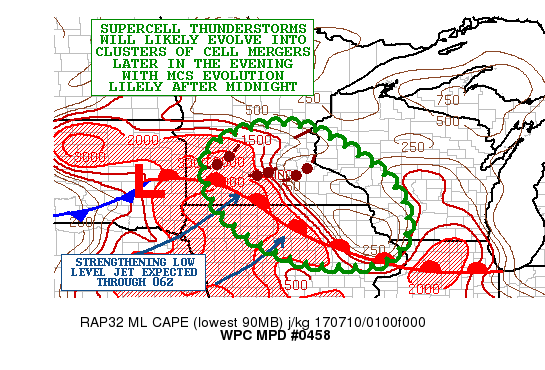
AREAS AFFECTED...CENTRAL/SOUTHEAST MN...NORTHEAST IA...FAR WESTERN
WI

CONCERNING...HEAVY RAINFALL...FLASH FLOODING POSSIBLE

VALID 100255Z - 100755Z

SUMMARY...STRONG SUPERCELL THUNDERSTORMS EXPANDING OVER PARTS OF
CENTRAL/SOUTHEAST MN WILL LIKELY ORGANIZE INTO CLUSTERS OF
CELL-MERGERS WITH INTENSE RAINFALL RATES AS
MCS DEVELOPMENT COMMENCES.

DISCUSSION...SEVERE MODE CONVECTION CONTINUES TO DEVELOP AND
EXPAND IN COVERAGE ACROSS CENTRAL/SOUTHEAST MN THIS EVENING AS A
RATHER STRONG SHORTWAVE DROPS SOUTHEAST ALONG WITH AN AREA OF LOW
PRESSURE INTO A RATHER STRONGLY UNSTABLE AND HIGHLY SHEARED
ENVIRONMENT. AS PER SPC MCD #1271...MLCAPE VALUES ARE WELL IN
EXCESS OF 2000 J/KG AND WITH OVER 50 KTS OF EFFECTIVE BULK SHEAR.
THE CONVECTION IS GENERALLY FOCUSING ALONG AND NORTH OF A WARM
FRONT AND BEING AIDED BY A SOUTHWEST LOW LEVEL JET OF 30 TO 40
KTS. THIS NOCTURNALLY ENHANCED LOW LEVEL JET SHOULD INCREASE TO
NEAR 50 KTS TOWARD 06Z...AND WITH STRONGER MOISTURE
TRANSPORT...THE RAINFALL RATES WILL BECOME MORE INTENSE AS PWATS
RISE TO NEAR 1.75 INCHES.

THE CONVECTION WILL TEND TO BE QUITE PROGRESSIVE OVERALL AS
GRADUALLY THE CLUSTERS OF THUNDERSTORMS WILL MERGE AND EVOLVE INTO
A FORWARD PROPAGATING MCS. HEAVY RAINFALL AMOUNTS OF AS MUCH AS 3
TO 4 INCHES WITH ISOLATED HEAVIER AMOUNTS WILL BE POSSIBLE...BUT
THIS WILL MAINLY BE ASSOCIATED WITH WHERE THE STRONGER CONVECTIVE
CORES SET UP AND WHERE CELL-MERGER ACTIVITY TAKES PLACE. SOME
SMALL SCALE CELL-TRAINING IS POSSIBLE AS WELL. THUS...EXPECT SOME
LOCALIZED RUNOFF AND/OR FLASH FLOODING CONCERNS OVER THE NEXT
SEVERAL HOURS AS THIS CONVECTIVE COMPLEX TAKES SHAPE AND DROPS
SOUTHEAST THROUGH SOUTHEAST MN...AND GRADUALLY AREAS OF NORTHEAST
IA AND PARTS OF FAR WESTERN WI TOWARD AND AFTER 06Z.